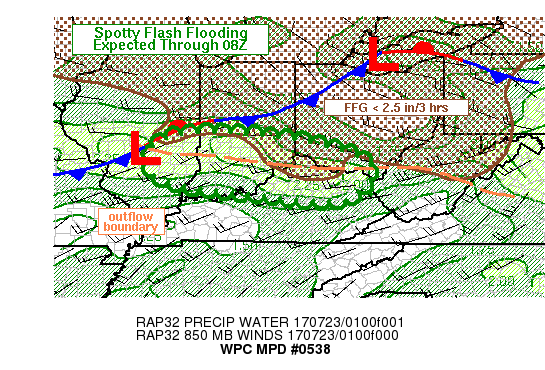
AREAS AFFECTED...SRN IL...SRN IN...SRN OH...NRN KY

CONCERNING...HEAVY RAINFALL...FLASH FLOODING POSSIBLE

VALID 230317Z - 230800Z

SUMMARY...TRAINING POTENTIAL WILL EXIST FOR THE NEXT FEW HOURS
WITH 1-2 IN/HR RAINFALL RATES EXPECTED FROM SRN IL/IN/OH INTO NRN
KY. LOCAL 2-3 INCH TOTALS ARE FORECAST.

DISCUSSION...TRENDS OVER THE PAST 1-2 HOURS HAVE SHOWN A UPTICK IN
CONVECTIVE COVERAGE NEAR AN ELONGATED OUTFLOW BOUNDARY EXTENDING
EWD FROM SRN IL INTO CNTRL WV. THE SPC MESOANALYSIS PAGE INDICATED
A RELATIVE MAX IN MLCAPE NEAR THE OUTFLOW BOUNDARY AT 02Z RANGING
FROM 1500-2500 J/KG. THE ENVIRONMENT WAS ALSO VERY RICH IN
MOISTURE WITH RECENT GPS PRECIPITABLE WATER VALUES IN THE VICINITY
OF THE OUTFLOW BOUNDARY RANGING FROM 1.75 TO 2.25 INCHES. 20-30 KT
OF WSWLY 850 MB FLOW WAS OVERRUNNING THE OUTFLOW
BOUNDARY...LEADING TO A BROKEN LINE OF CONVECTION WITH MEAN STORM
MOTIONS TRACKING PARALLEL TO THE BOUNDARY.

DUAL-POL DERIVED RAINFALL RATES HAVE BEEN MAXIMIZING BETWEEN 1-2
IN/HR WHERE CELL TRAINING BECOMES ESTABLISHED. WHILE THE DURATION
OF TRAINING HAS BEEN SHORT LIVED UP TIL NOW AND THE COVERAGE
RATHER SCATTERED ACROSS THE OHIO VALLEY...A SLIGHT INCREASE IN 850
MB WIND SPEEDS OVER THE NEXT 2-4 HOURS MAY ALLOW FOR INCREASED
TRAINING AND FLASH FLOOD POTENTIAL.

WHILE THIS REGION HAS BEEN RELATIVELY DRY OVER THE PAST WEEK...AND
FLASH FLOOD GUIDANCE IS ONLY LOWERED ACROSS NORTHERN PORTIONS OF
THE MPD THREAT AREA...TRAINING OF 1-2 IN/HR RAIN RATES MAY EXCEED
FLASH FLOOD GUIDANCE IN A FEW AREAS THROUGH 08Z LEADING TO SOME
SCATTERED FLASH FLOODING.